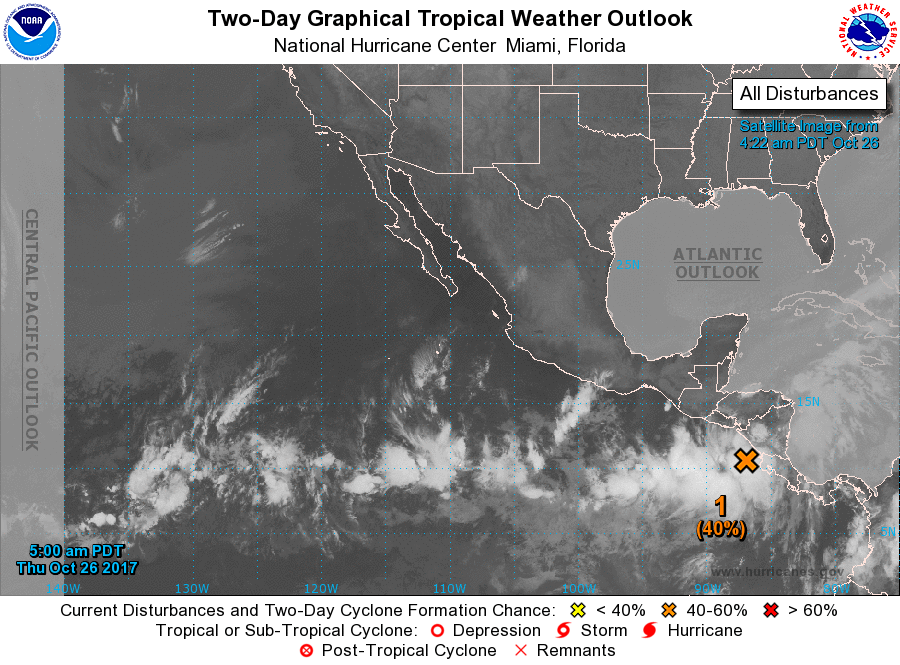
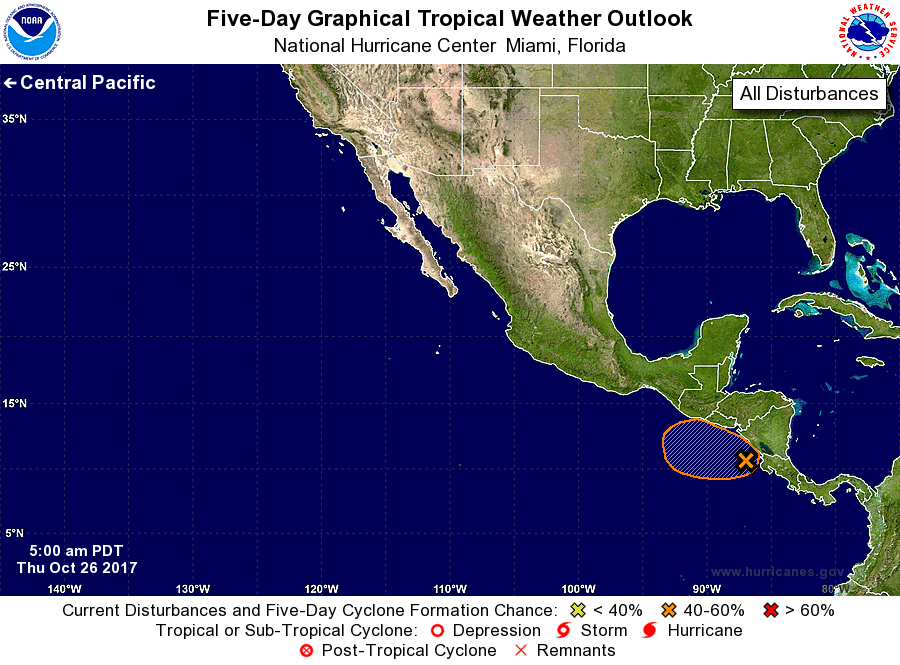
For the eastern North Pacific...east of 140 degrees west longitude:

1. An area of disturbed weather is located just west of the coasts of Costa Rica and Nicaragua. Environmental conditions are forecast to be generally conducive for development, and a tropical depression could form during the next couple of days as the system moves west-northwestward to northwestward near the coast of Central America. Regardless of development, locally heavy rains are likely over portions of Central America through Friday.
* Formation chance through 48 hours...medium...40 percent.
* Formation chance through 5 days...medium...60 percent.

Forecaster Pasch